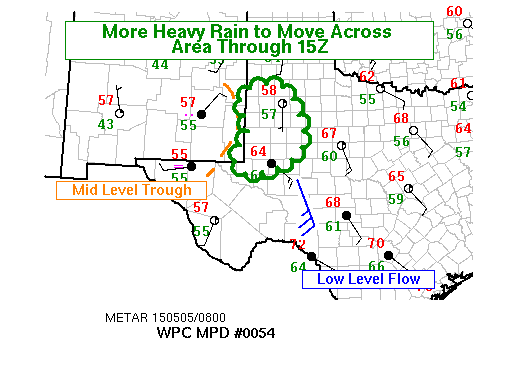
AREAS AFFECTED...WEST TEXAS AND EXTREME SOUTHEAST NM

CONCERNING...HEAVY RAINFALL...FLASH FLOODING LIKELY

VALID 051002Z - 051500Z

SUMMARY...THE THREAT OF FLASH FLOODING SHOULD CONTINUE OVER PARTS
OF WEST TEXAS INTO THE MORNING.

THE APPROACH OF A SHORTWAVE TROUGH IN THE MID LEVELS WILL USHER IN
ANOTHER ROUND OF MODERATE TO LOCALLY HEAVY RAINFALL OVER PARTS OF
SOUTHEAST NEW MEXICO AND WEST TEXAS.  SURFACE OBSERVATIONS AND VAD
WIND PROFILES FROM 88DS HAVE SHOWN LOW LEVEL FLOW BACKING IN
RESPONSE TO THE APPROACH OF THE MID LEVEL TROUGH.  THIS TAPS AN
AIRMASS WITH CAPES AROUND 1000 J PER KG AT MOST...BUT THIS WILL BE
MORE THAN SUFFICENT TO SUSTAIN ADDITIONAL HEAVY RAINFALL INTO THE
MORNING.

EARLY MORNING RADAR IMAGERY SHOWED AN ORGANIZED AREA OF MODERATE
TO HEAVY RAIN APPROACHING AREAS WHICH WERE SOAKED
OVERNIGHT...ESPECIALLY FROM LYNN AND TERRY COUNTIES EASTWARD
TOWARDS GARZA AND BORDEN COUNTIES.

HRRR AND THE RAP SUGGEST THAT A BACK EDGE TO THE HEAVY RAINFALL
WILL BE FORMING AS 700 MB WINDS TURN SOUTHWESTERLY BEHIND THE MID
LEVEL TROUGH.  IT IS EXPECTED THAT RAINFALL AMOUNTS WILL BE
TAPERING OFF FROM WEST TO EAST DURING THE MORNING...WITH RAINFALL
INTENSITIES DIMINISHING OVER THE HARDEST HIT AREAS IN WEST TEXAS
BY 14Z.

ADDITIONAL 1 TO LOCAL 3 INCH RAINS WILL BE POSSIBLE.